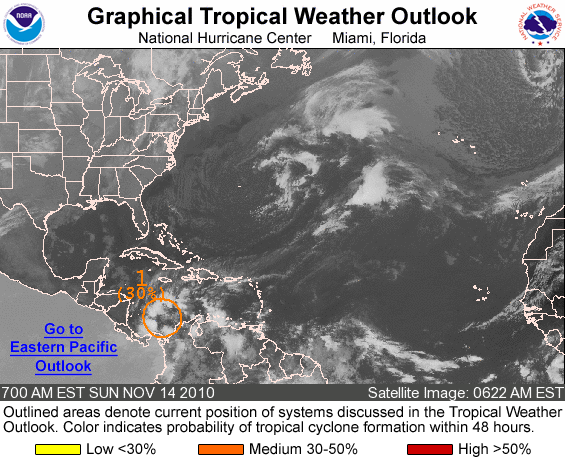
FOR THE NORTH ATLANTIC...CARIBBEAN SEA AND THE GULF OF MEXICO...

1. DISORGANIZED SHOWERS AND THUNDERSTORMS OVER THE SOUTHWESTERN CARIBBEAN SEA ARE ASSOCIATED WITH A BROAD AREA OF LOW PRESSURE. ENVIRONMENTAL CONDITIONS APPEAR CONDUCIVE FOR SOME SLOW DEVELOPMENT OF THIS SYSTEM OVER THE NEXT COUPLE OF DAYS AS IT MOVES SLOWLY WEST-NORTHWESTWARD. THERE IS A MEDIUM CHANCE...30 PERCENT ...OF THIS SYSTEM BECOMING A TROPICAL CYCLONE DURING THE NEXT 48 HOURS.

ELSEWHERE...TROPICAL CYCLONE FORMATION IS NOT EXPECTED DURING THE NEXT 48 HOURS.

FORECASTER KIMBERLAIN